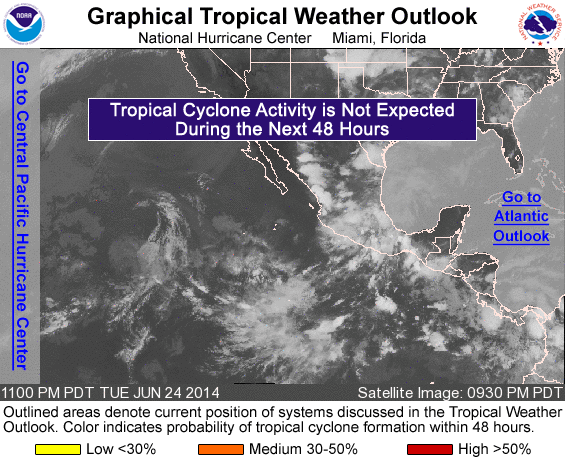
For the eastern North Pacific...east of 140 degrees west longitude:

An area of low pressure is expected to form to the south of the coast of Mexico later this week, and conditions appear favorable for some development of this system by the weekend while it moves west-northwestward.
* Formation chance through 48 hours...low...near 0 percent.
* Formation chance through 5 days...medium...50 percent.

Forecaster Brennan